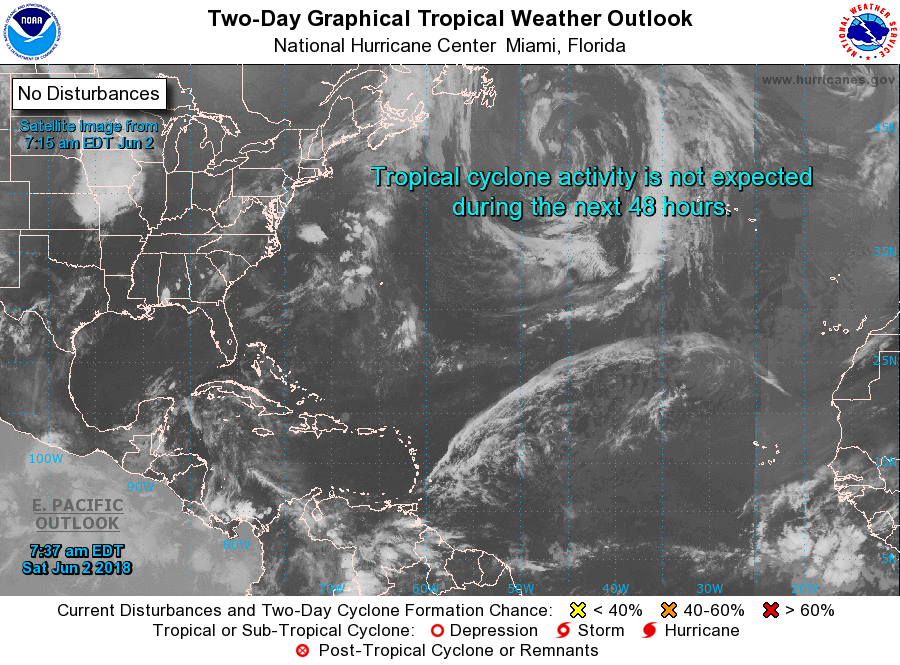
For the North Atlantic...Caribbean Sea and the Gulf of Mexico:

Tropical cyclone formation is not expected during the next 5 days.

Forecaster Cangialosi